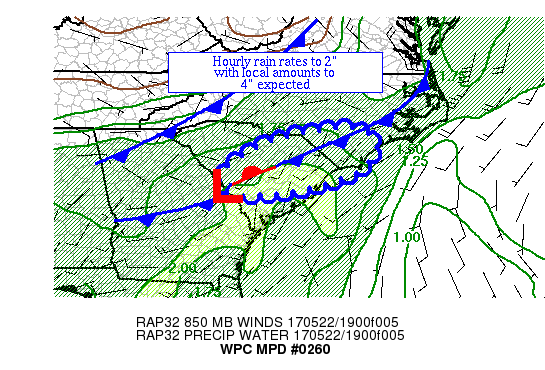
AREAS AFFECTED...PORTIONS OF SC & SOUTHEAST NC

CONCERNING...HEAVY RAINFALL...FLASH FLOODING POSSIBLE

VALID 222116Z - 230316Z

SUMMARY...THUNDERSTORMS CONTINUE TO INCREASE IN COVERAGE ACROSS
THE CAROLINAS.  HOURLY RAIN RATES UP TO 2" WITH LOCAL AMOUNTS TO
4" ARE EXPECTED.

DISCUSSION...A BOUNDARY HAS BEEN SAGGING SLIGHTLY SOUTHEAST ACROSS
SC DOWNWIND OF A WEAK WAVE OF LOW PRESSURE NEAR AUGUSTA GA.  A
SHORTWAVE ALOFT ACROSS NORTHEAST GA IS APPROACHING THE UPPER
SAVANNAH RIVER AT THIS TIME.  INFLOW AT 850 HPA IS MODEST, 10-15
KTS FROM THE SOUTHWEST.  MLCAPES REMAIN IN THE 1000-2000 J/KG
RANGE.  EFFECTIVE BULK SHEAR IS 35 KTS PER SPC MESOANALYSES, WHICH
HAS LED TO SOME CONVECTIVE ORGANIZATION.  WITH THE WIND FLOW
ACROSS THE REGION FAIRLY UNIDIRECTIONAL FROM THE WEST-SOUTHWEST TO
SOUTHWEST, THERE HAVE BEEN OCCASIONAL SHORT TRAINING BANDS ACROSS
SC AND SOUTHEAST NC.

CELL MOTION TO THE EAST-NORTHEAST AT 20-25 KTS IS EXPECTED.  THE
MESOSCALE GUIDANCE HAS A GOOD SIGNAL FOR LOCAL AMOUNTS IN THE 3-4"
RANGE OVER THE NEXT SEVERAL HOURS.  SIGNALS WITHIN THE 12Z SSEO
NEIGHBORHOOD PROBABILITIES AND 12Z GFS-BASED GALVEZ-DAVISON
INSTABILITY INDEX (30-35 RANGE) REVEAL THAT CONVECTIVE COVERAGE
COULD SLIGHTLY INCREASE FURTHER AND MAINTAIN ITSELF PAST SUNSET
UNTIL AT LEAST 03Z.  HOURLY RAIN RATES UP TO 2", WITH LOCAL
AMOUNTS UP TO 4", ARE ANTICIPATED WHICH WOULD BE MOST PROBLEMATIC
IN URBAN AREAS.  MOST OF THE GUIDANCE APPEARS TO BE SOMEWHAT
NORTHWEST OF WHAT IS EXPECTED WITH THE QPF PATTERN IN THIS REGION,
FORECASTING THE BOUNDARY IN THE CAROLINAS TO LIFT BACK TO THE
NORTHWEST, WHICH SEEMS UNLIKELY AT THIS TIME AS CONVECTION SHOULD
LEAD TO A LITTLE MORE SOUTHEAST ADJUSTMENT.  CIN SHOULD DEVELOP
NEAR THE BOUNDARY AFTER SUNSET WHICH COULD LEAD TO ELEVATED
CONVECTION BEYOND 01Z.  IT APPEARS THE 12Z SPC WRF AND 12Z WRF
NSSL HAVE THE BEST GRASP OF THE EXPECTED RAINFALL PATTERN.